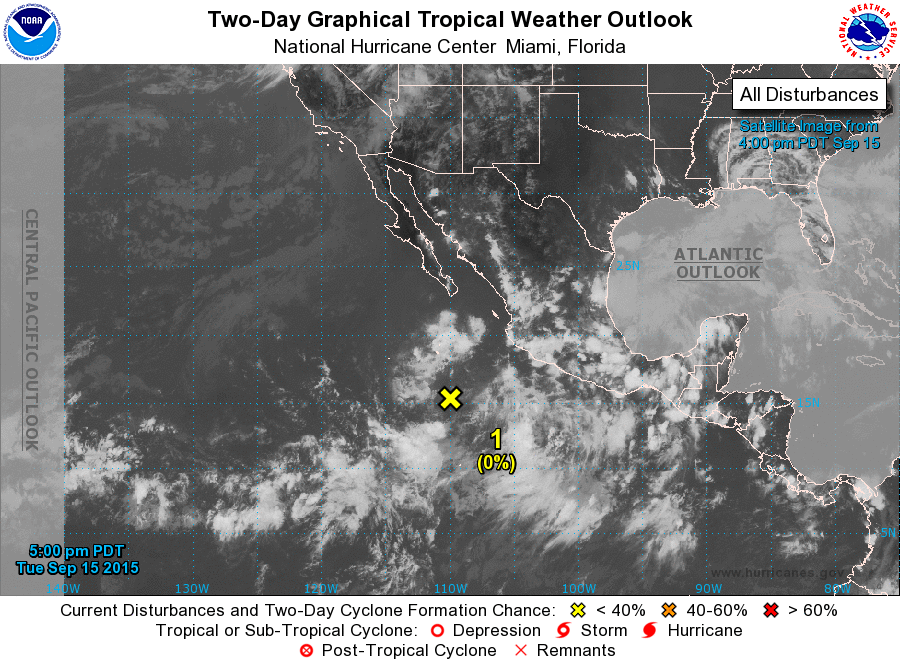
For the eastern North Pacific...east of 140 degrees west longitude:

1. A weak low pressure area located several hundred miles south of the southern tip of the Baja California peninsula is producing limited shower activity. Development, if any, of this system should be slow to occur over the next several days while it moves slowly westward.
* Formation chance through 48 hours...low...near 0 percent
* Formation chance through 5 days...low...10 percent

Forecaster Brown